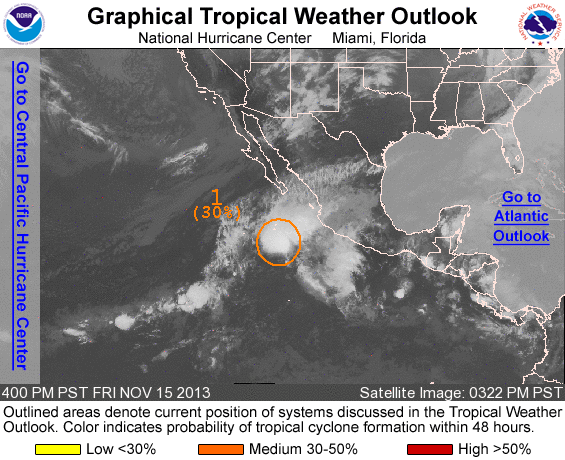
FOR THE EASTERN NORTH PACIFIC...EAST OF 140 DEGREES WEST LONGITUDE..

1. SHOWER AND THUNDERSTORM ACTIVITY HAS INCREASED AND BECOME A LITTLE BETTER ORGANIZED ON THE NORTH SIDE OF A BROAD AREA OF LOW PRESSURE LOCATED ABOUT 500 MILES WEST-SOUTHWEST OF MANZANILLO MEXICO. SLOW DEVELOPMENT OF THIS LOW IS POSSIBLE BEFORE STRONG UPPER-LEVEL DEVELOP OVER THE DISTURBANCE ON SATURDAY. THIS SYSTEM HAS A MEDIUM CHANCE...30 PERCENT...OF BECOMING A TROPICAL CYCLONE DURING THE NEXT 48 HOURS WHILE IT MOVES GENERALLY NORTHWARD AND THEN NORTHEASTWARD TOWARD THE COAST OF MEXICO...AND A MEDIUM CHANCE...30 PERCENT...OF BECOMING A TROPICAL CYCLONE DURING THE NEXT 5 DAYS. REGARDLESS OF DEVELOPMENT...LOCALLY HEAVY RAINS ASSOCIATED WITH THIS SYSTEM ARE LIKELY TO AFFECT PORTIONS OF SOUTHWESTERN MEXICO DURING THE NEXT COUPLE OF DAYS.

FIVE-DAY FORMATION PROBABILITIES ARE EXPERIMENTAL IN 2013. COMMENTS ON THE EXPERIMENTAL FORECASTS CAN BE PROVIDED AT...

HTTP://WWW.NWS.NOAA.GOV/SURVEY/NWS-SURVEY.PHP?CODE=ETWO

FORECASTER CANGIALOSI